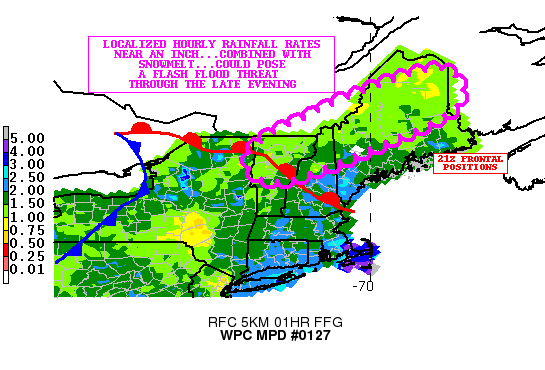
AREAS AFFECTED...NORTHERN VT...NORTHERN NH...NORTHERN AND WESTERN
ME

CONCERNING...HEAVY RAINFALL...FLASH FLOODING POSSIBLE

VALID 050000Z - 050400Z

SUMMARY...SHORT TERM TRAINING ALONG A LINE OF FAST MOVING
CONVECTION COULD POSE A FLASH FLOOD THREAT IN AREAS WITH SATURATED
OR NEARLY SATURATED SOILS INTO THE LATE EVENING HOURS.

DISCUSSION...REGIONAL RADARS ACROSS NORTHERN NEW ENGLAND SHOWED
LINEAR CONVECTION AHEAD OF A COLD FRONT EXTENDING FROM NORTHERN VT
INTO CENTRAL NY STATE. THE CONVECTION WAS PROGRESSIVE AHEAD OF A
SHORT WAVE OVER FAR NORTHERN NY STATES. HOURLY RAINFALL RATES
ASSOCIATED WITH THIS CONVECTION WERE GENERALLY LESS THAN AN
INCH...ESPECIALLY OVER NORTHERN AND CENTRAL NY STATE.

FURTHER EAST...ELEVATED CONVECTION FORMING NORTH OF A WARM FRONT
EXTENDING FROM NORTHEAST VT INTO SOUTHERN ME WAS TAPPING AN AXIS
OF 1.25 INCH PRECIPITABLE WATER AIR (BASED ON THE MOST RECENT RAP
ANALYSIS AND BLENDED TPW PRODUCT) AND 500-1000 J/KG OF MUCAPE TO
PRODUCE HOURLY RAINFALL RATES CLOSER TO 1.25 INCHES OVER NORTH
CENTRAL VT.

SNOWMELT FROM HIGHER ELEVATION SNOW HAS RESULTED IN SATURATED OR
NEARLY SATURATED SOILS...RESULTING IN ONE HOUR FLASH FLOOD
GUIDANCE VALUES NEAR AN INCH OVER MUCH OF NORTHERN VT/NORTHERN NH
INTO THE WESTERN ME MOUNTAINS AND NORTHERN ME. SINCE THE
CONVECTION IS MOVING ALONG WITH THE STRONG MID LEVEL FLOW...IT
SHOULD SURVIVE THE EROSION OF ELEVATED INSTABILITY TO PRODUCE
LOCAL HOURLY RAINFALL RATES NEAR AN INCH (BASED ON THE MOST RECENT
HRRR) ACROSS THIS AREA.

THE FORWARD SPEED OF THE CONVECTION SHOULD LIMIT THE RAINFALL TO
SOME DEGREE. MUCH OF THE AVAILABLE HIGH RESOLUTION DOES SHOW LOCAL
1.00 TO 2.00 INCH RAINFALL AMOUNTS....WITH THE HIGHEST AMOUNTS
OVER NORTHERN VT/NORTHERNMOST NH INTO THE MOUNTAINS OF WESTERN ME
AND NORTHERN ME. GIVEN THE SATURATED SOILS...EVEN MODEST RAINFALL
AMOUNTS COULD RESULT IN AN ELEVATED FLASH FLOOD THREAT.

MUCH OF THE HIGH RESOLUTION GUIDANCE SHOWED THAT THE THREAT FOR
FLASH FLOODING FROM CONVECTION SHOULD DIMINISH FROM WESTERN TO
EAST BEFORE 05/05Z.